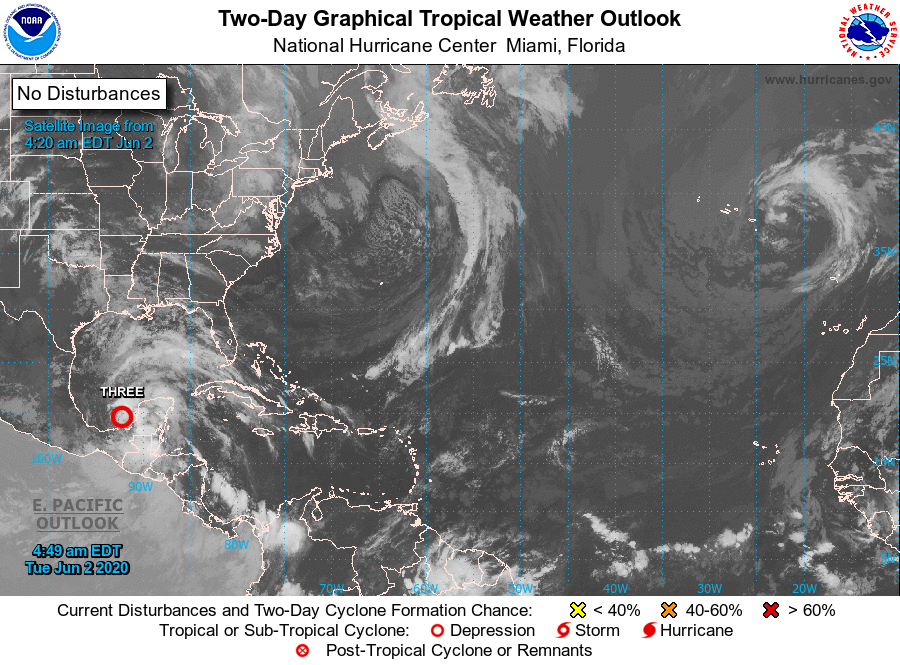
For the North Atlantic...Caribbean Sea and the Gulf of Mexico:

The National Hurricane Center is issuing advisories on Tropical Depression Three, located over the Bay of Campeche.

Tropical cyclone formation is not expected during the next 5 days.

&&
Public Advisories on Tropical Depression Three are issued under WMO header WTNT33 KNHC and under AWIPS header MIATCPAT3. Forecast/Advisories on Tropical Depression Three are issued under WMO header WTNT23 KNHC and under AWIPS header MIATCMAT3.

Forecaster Roberts